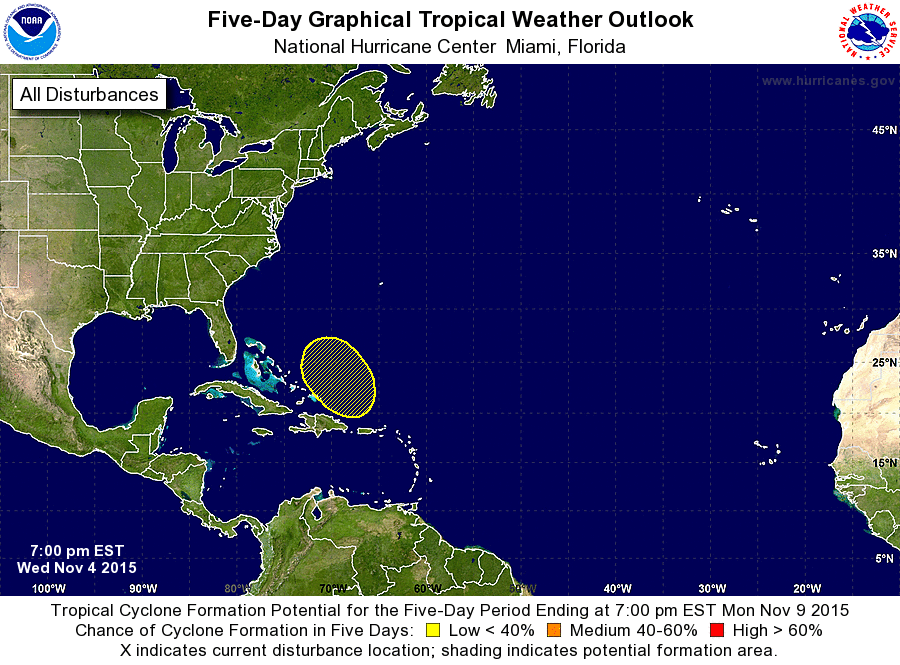
For the North Atlantic...Caribbean Sea and the Gulf of Mexico:

1. An area of low pressure is expected to form to the north of Puerto Rico and Hispaniola late this weekend. Some slow development of this system is possible early next week while it moves northwestward.
* Formation chance through 48 hours...low...near 0 percent
* Formation chance through 5 days...low...20 percent

Forecaster Cangialosi